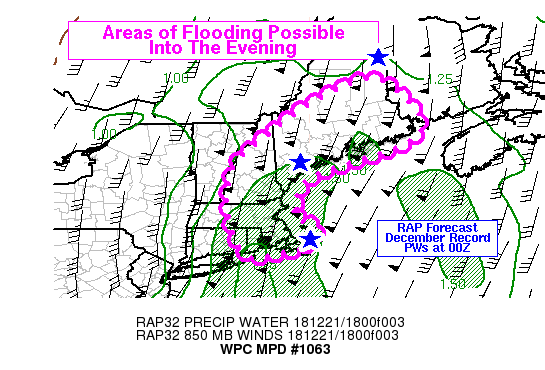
Areas affected...New England

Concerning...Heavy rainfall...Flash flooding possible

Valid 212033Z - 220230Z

Summary...Widespread moderate to heavy rain will continue to
affect portions of New England into the evening hours, with the
potential for areas of flooding. Additional rainfall amounts of
0.5 inches are likely by 10 PM, with localized totals up to 1.5
inches possible.

Discussion...Additional rain is likely across New England this
evening as significant northward moisture flux continues. RAP
forecast precipitable water values at 00Z would break monthly
records at all of the sounding locations in eastern New England,
including Chatham (CHH), Gray (GYX) and Caribou (CAR). For
context, the PW values observed in the deep plume of moisture are
would even be above average and approaching the 90th percentile in
parts of the summer months. The focus for rain should continue to
shift further east in New England between 21Z and 00Z, as RAP
analysis and CIRA blended TPW analysis have noted a corresponding
eastward shift in the PW axis over the past several hours.
Marginal instability (MUCAPE around 100-400 j/kg) in the coastal
areas may support some banding of the heavier rainfall, and could
support some localized areas where rain rates exceed 0.5 in/hr.
This may lead to flooding in urban areas of southern New England,
but significant rain rates are not expected to be very widespread
given the limited instability. Further north, in New Hampshire and
Maine, significant snow cover still exists in elevations mainly
above 1000 feet, and melting due to warmth and rain may contribute
to runoff beyond the broader rainfall. This could lead to flooding
despite a lack of significant rain rates, and especially in
upslope areas of the interior mountain ranges. These locations
should have the greatest remaining snow depth, and are also likely
to receive some of the heavier rain totals (via orographic
enhancement) over the next six hours.